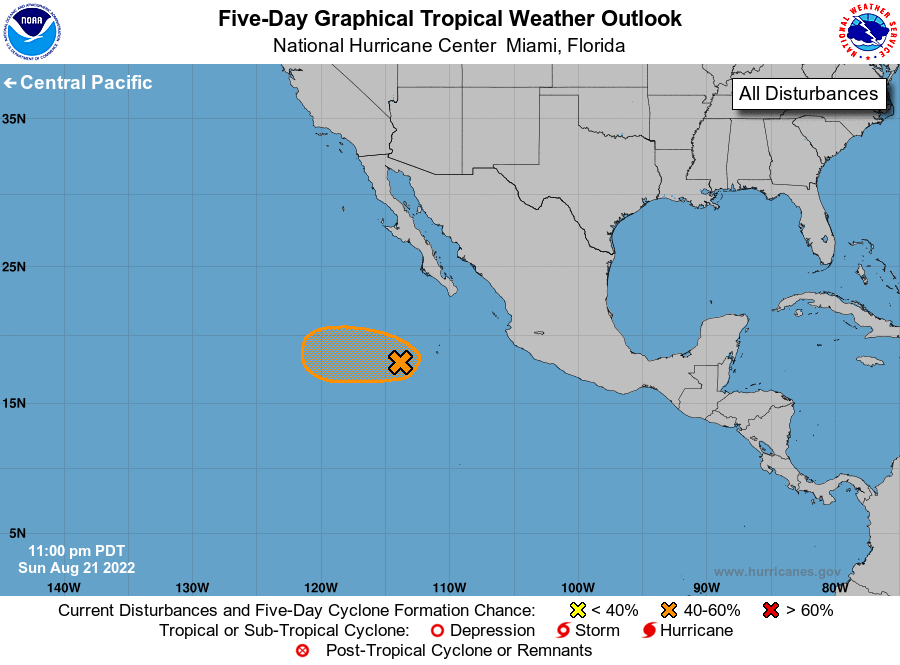
For the eastern North Pacific...east of 140 degrees west longitude:

1. Central East Pacific: Showers and thunderstorms have changed little in organization in association with an area of low pressure located several hundred miles southwest of the southern tip of the Baja California peninsula. However, environmental conditions appear generally favorable for additional development and a tropical depression could form over the next couple of days as the system moves westward or west-northwestward, well offshore of the coast of Mexico. By midweek, less favorable environmental conditions could limit further development.
* Formation chance through 48 hours...medium...40 percent.
* Formation chance through 5 days...medium...40 percent.

Forecaster Papin